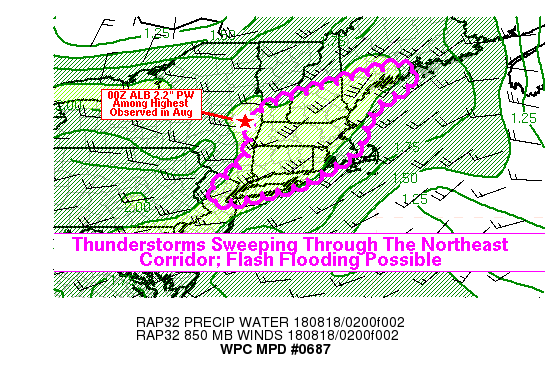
Areas affected...Northeast Corridor from NYC Metro to Midcoast
Maine

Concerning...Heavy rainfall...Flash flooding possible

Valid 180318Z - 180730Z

Summary...Waves of thunderstorms will sweep across the remainder
of the Northeast Corridor through the early portion of the
overnight hours, with rain rates peaking in the 1-2 in/hr range.
This amount of heavy rain in urban areas and places that have
experienced heavy rain over the past several weeks could result in
flash flooding.

Discussion...Regional radars showe3d a ribbon of rain extending
from southern Maine into northern New Jersey, and extending as far
northwest as the Capital Region in New York. The rain was situated
in a corridor where low-level moisture transport was maximized,
with 850mb winds exceeding 30 knots and precipitable water values
exceeding 2 inches. In fact, the Albany sounding this evening
measured a 2.2 inch PW; this does not set a record, but is among
the highest values observed at that site for August, an indicator
of the anomalous nature of the moisture plume. Model analyzed PWs
are above the 99th percentile relative to the CFSR climatology.
Therefore, even moderate to heavy rain bands (as well as
thunderstorms) should be fairly efficient rainfall producers.
Widespread flash flooding and extreme rainfall totals appear less
likely given the fast forward propagation of some of the
thunderstorms. Although instantaneous rain rates should be
relatively high, they may not linger in any one area for an
extended period of time. However 1-2 in/hr rain rates are being
estimated by radars, and several waves of heavy rain could still
lead to scattered flood impacts across the region, with localized
bands of heavier rainfall and flash flooding.

Hi-res models appear to be too quick to diminish ongoing
convection and rain, and it wouldn't be surprising to see some of
the thunderstorms reach the I-95 corridor from Rhode Island into
eastern Massachusetts.